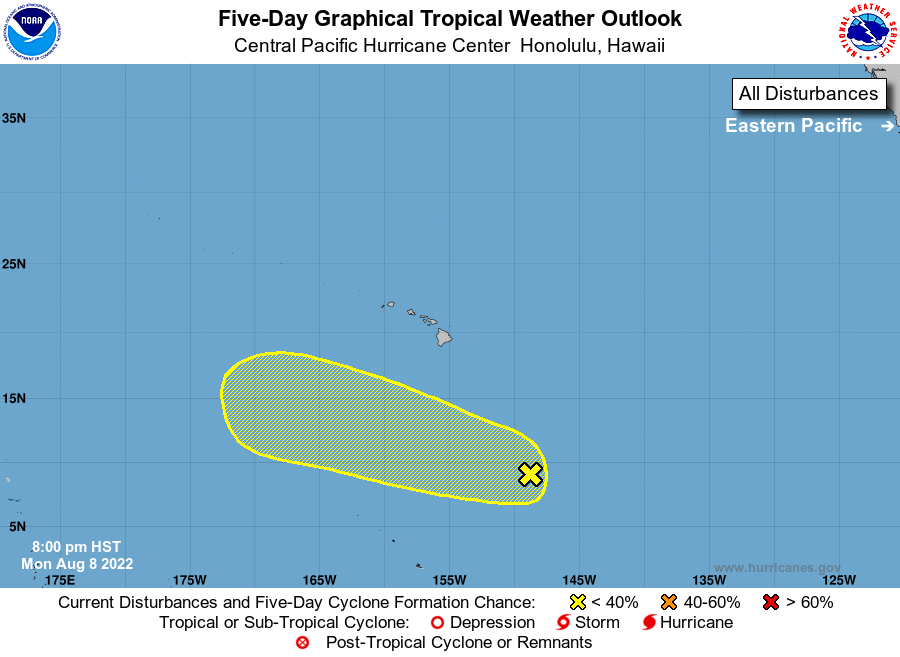
For the central North Pacific...between 140W and 180W:

1. Well South-Southeast of the Main Hawaiian Islands: An area of low pressure could form around midweek within a broad trough several hundred miles south-southeast of the main Hawaiian Islands. Environmental conditions could allow for some gradual development of this system as it moves quickly westward to the south of the Hawaiian Islands later this week.
* Formation chance through 48 hours...low...10 percent.
* Formation chance through 5 days.....low...30 percent.

Elsewhere, no tropical cyclones are expected during the next 5 days.

Forecaster TS